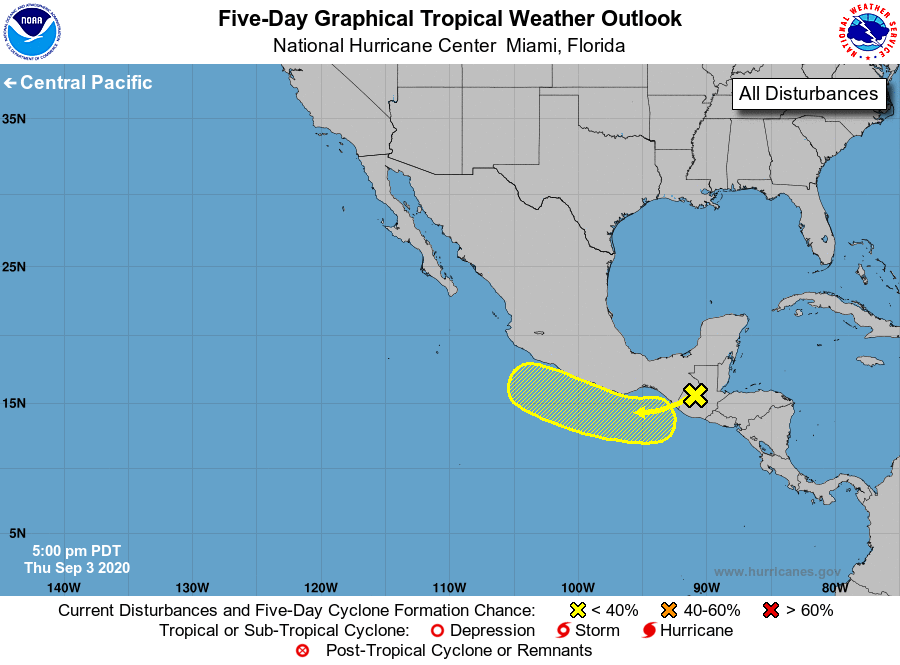
For the eastern North Pacific...east of 140 degrees west longitude:

1. The remnants of Atlantic basin Tropical Depression Nana are expected to emerge over the eastern Pacific waters near the Gulf of Tehuantepec late tonight or early Friday. Unfavorable upper-level winds are expected to inhibit significant development through early next week while the system moves generally west-northwestward, near or along the southern coast of Mexico.
* Formation chance through 48 hours...low...10 percent.
* Formation chance through 5 days...low...20 percent.

Forecaster Brown